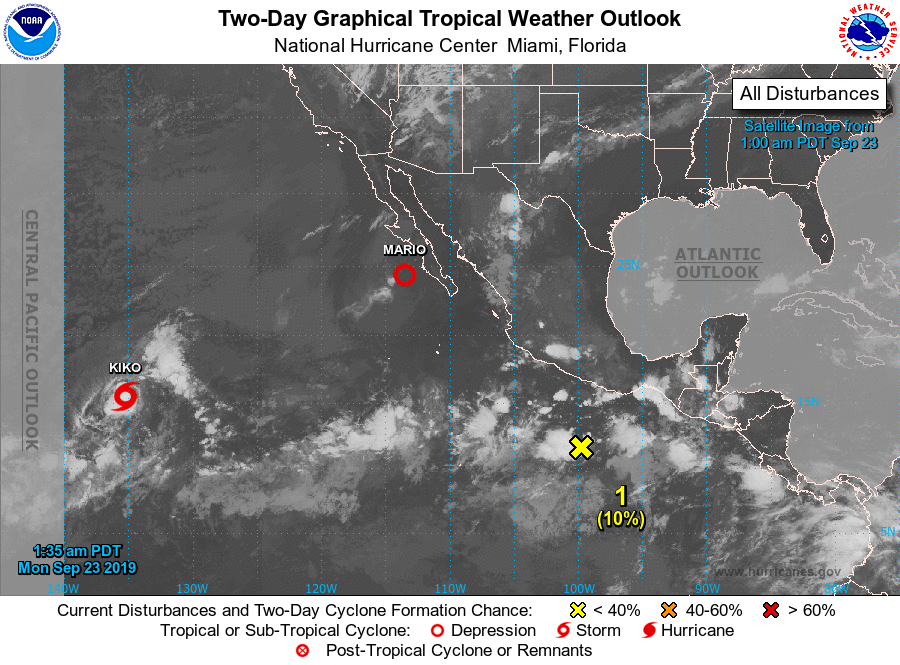
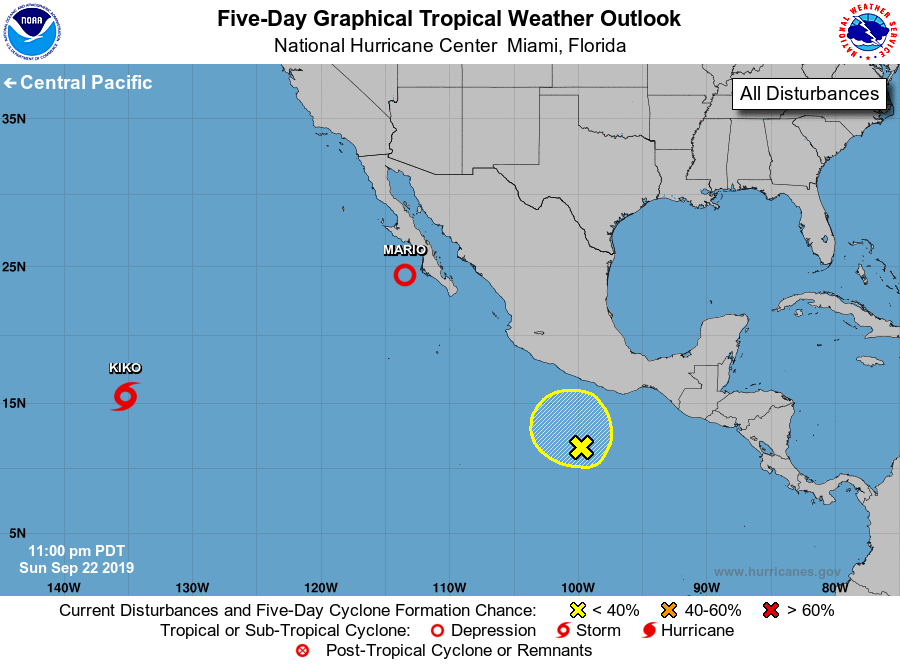
For the eastern North Pacific...east of 140 degrees west longitude:

The National Hurricane Center is issuing advisories on Tropical Depression Mario, located about 160 miles west of the southwestern coast of the Baja California peninsula, and on Tropical Storm Kiko, located over the far southwestern part of the basin.

1. A weak area of low pressure, located several hundred miles south of the southwestern coast of Mexico, is producing disorganized showers and thunderstorms. This system is expected to drift northward or northwestward during the next few days, and significant development is unlikely due to strong upper-level winds.
* Formation chance through 48 hours...low...10 percent.
* Formation chance through 5 days...low...10 percent.

Forecaster Roberts